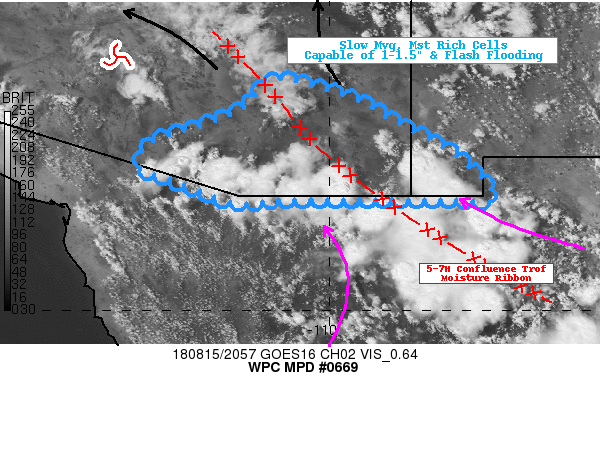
Areas affected...Ext Southeast AZ...Ext. Southwest NM...

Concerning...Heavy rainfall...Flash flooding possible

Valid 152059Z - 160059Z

SUMMARY...Slow moving, heavy rainfall producing convection in
confluent 7H band.

DISCUSSION...GOES-16 Visible depicts the eroding cloud shield of
last evening's MCV that is moving lifting from Pima to Maricopa
county.  CIRA LPW 7-5H loop depicts deepest/rich moisture of .4 to
.6" PWATs along the eastern band of the exiting MCV toward
Northern Chihuahua.  A stronger closed low in Sinaloa, it
supporting a tightening of the moisture flow/deformation band
across SE AZ toward the exiting MCV.  On the eastern edge of the
deepest moisture gradient, Temps into the 80s and Tds into the 60s
and modest mid-level lapse rates support SBCAPEs to 2500 J/kg for
strong updrafts.  Given proximity to the synoptic ridge winds are
generally weak, with cloud base inflow around 10-15 maximum and
steering winds less than 10kts. As such, updrafts will likely
collapse on themselves but in the process producing 1-1.5" rain in
short duration <1hr) potentially producing flash flooding.  Given
continued surge of moisture ahead of the next vort center, outflow
boundaries that propagate north may have the opportunity to
initiate a second round of deep convection and adding rainfall
totals.